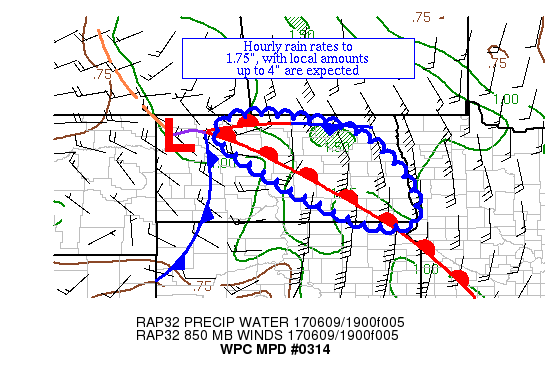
AREAS AFFECTED...PORTIONS OF ND

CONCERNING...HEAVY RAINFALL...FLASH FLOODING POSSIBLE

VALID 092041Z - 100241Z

SUMMARY...LOW-LEVEL CONVERGENCE IS STRENGTHENING IN AN AREA WITH A
WEAKENING MID-LEVEL CAP ACROSS ND.  HOURLY RAIN RATES UP TO 2",
WITH LOCAL AMOUNTS UP TO 4", ARE POSSIBLE IN BACK BUILDING
CONVECTION AND CELL MERGERS.

DISCUSSION...EXPERIMENTAL GOES-16 VISIBLE IMAGERY SHOWS
INDICATIONS OF A WEAKENING MID-LEVEL CAP ACROSS ND.  SHORTWAVES
UPSTREAM ACROSS MT AND NEAR THE MT/ND/SASKATCHEWAN BORDER, ALONG
WITH INCREASING INSTABILITY, ARE HELPING IN THE EROSION.
STRATOCUMULI IN WESTERN ND HAVE BECOME MORE CONGESTED IN THE PAST
HOUR.  A WARM FRONT IN THE REGION IS SHOWING INCREASED CUMULUS
DEVELOPMENT AS WELL.  THE MINOT ND RADAR INDICATES SHARPENING FINE
LINE ECHOES TO THEIR SOUTHWEST.  BELIEVE CONVECTIVE DEVELOPMENT IS
IMMINENT WITHIN THE HOUR.  PRECIPITABLE WATER VALUES OF 1.25-1.5"
EXIST HERE.  INFLOW AT 850 HPA IS SOUTHERLY AT 35 KTS PER VAD WIND
PROFILES.  EFFECTIVE BULK SHEAR OF ~50 KTS EXIST IN THIS REGION,
IMPLYING THAT MESOCYCLONES WOULD BE POSSIBLE.  UPSTREAM MLCAPES
ARE 1000-3000 J/KG.

THE EXPECTATION IS FOR THUNDERSTORMS TO FORM BETWEEN NORTH-CENTRAL
AND CENTRAL ND SHORTLY.  ALTHOUGH THE FLOW VEERS SLIGHTLY THROUGH
THE PERIOD, STRENGTHENING LOW-LEVEL INFLOW IS EXPECTED TO CAUSE
BACK BUILDING WITH ANY DEVELOPING THUNDERSTORMS.  THERE IS AN
INCREASING SIGNAL WITHIN THE MESOSCALE GUIDANCE FOR LOCAL AMOUNTS
UP TO 4" WITHIN CENTRAL AND NORTHERN ND, AN AREA WHERE FLASH FLOOD
GUIDANCE VALUES ARE MODEST.  PER RECENT SATELLITE IMAGERY AND THE
MLCAPE FIELD, BELIEVE THE GUIDANCE IS DISPLACED A BIT TO THE NORTH
OF WHERE CONVECTION WOULD FORM/MOVE.  AVAILABLE MOISTURE SUPPORTS
HOURLY RAIN RATES UP TO 1.75".  FORWARD PROPAGATION TO THE
SOUTHEAST AT 30+ KTS IS EXPECTED TO TAKE HOLD 3-4 HOURS AFTER A
COLD POOL FORMS WITH THE ANTICIPATED THUNDERSTORM ACTIVITY.  UNTIL
FORWARD PROPAGATION CAN OCCUR, HEAVY RAIN-RELATED ISSUES WOULD BE
POSSIBLE, PARTICULARLY IN URBAN AREAS.  UNCERTAINTY ON CONVECTIVE
INITIATION TIMING KEEPS THE CATEGORY AS POSSIBLE AND STRETCHED THE
HORIZON OF THIS MPD TO SIX HOURS.